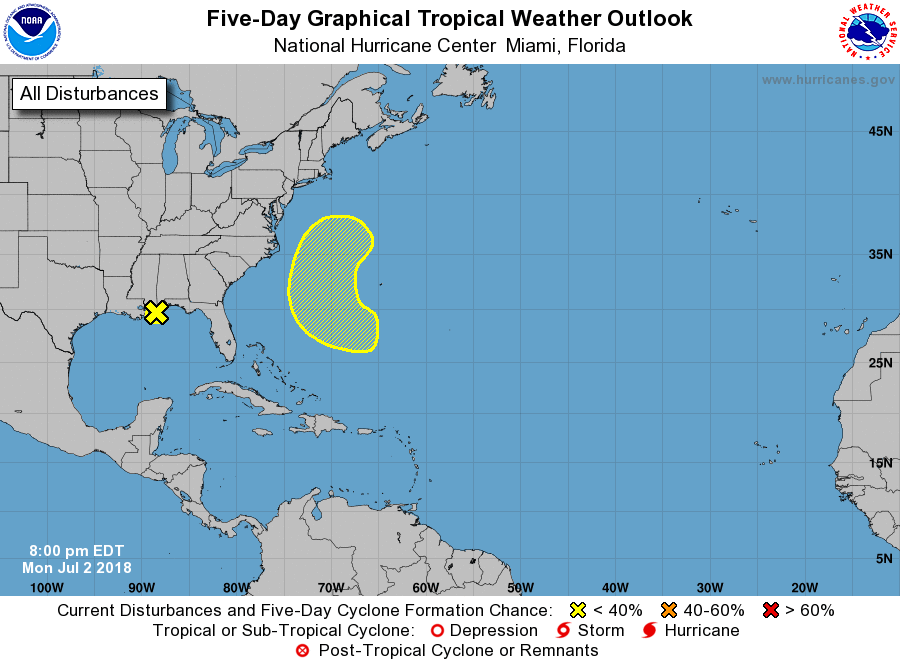
For the North Atlantic...Caribbean Sea and the Gulf of Mexico:

1. A large area of disorganized showers and thunderstorms extending from the north-central Gulf of Mexico across the western Florida panhandle is associated with a broad and weak area of low pressure. Interaction with land, along with proximity to dry air in the mid-levels of the atmosphere, should prevent tropical cyclone formation while the disturbance moves westward and inland over southeastern Louisiana tonight through Tuesday. However, locally heavy rainfall along portions of the northern Gulf Coast will be possible during the next couple of days. Additional information on this system can be found in products issued by your local National Weather Service office.
* Formation chance through 48 hours...low...near 0 percent.
* Formation chance through 5 days...low...near 0 percent.

2. A westward-moving, broad area of low pressure located several hundred miles east of Florida is producing minimal shower activity. Little or no development of this low is expected for the next few days due to unfavorable upper-level winds and dry mid-level air. However, another non-tropical low pressure system is expected to form about midway between Bermuda and the southeastern United States by the end of the week. That system could gradually acquire some tropical characteristics over the weekend while it moves slowly northward or northeastward.
* Formation chance through 48 hours...low...near 0 percent.
* Formation chance through 5 days...low...20 percent.

Forecaster Stewart